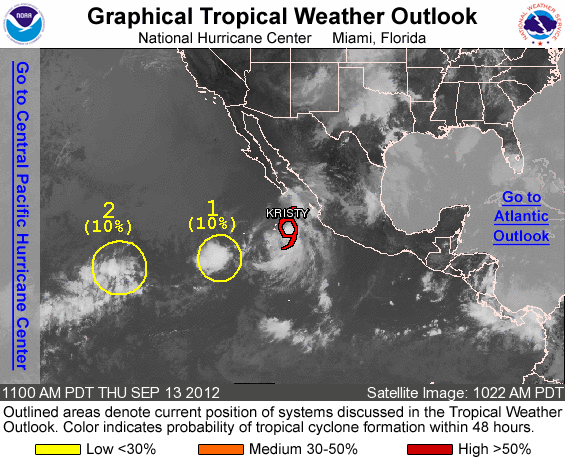
FOR THE EASTERN NORTH PACIFIC...EAST OF 140 DEGREES WEST LONGITUDE..

THE NATIONAL HURRICANE CENTER IS ISSUING ADVISORIES ON TROPICAL STORM KRISTY...LOCATED ABOUT 280 MILES SOUTH OF THE SOUTHERN TIP OF BAJA CALIFORNIA.

1. AN AREA OF LOW PRESSURE CENTERED ABOUT 650 MILES SOUTHWEST OF THE SOUTHERN TIP OF BAJA CALIFORNIA IS PRODUCING DISORGANIZED CLOUDINESS AND THUNDERSTORMS. DEVELOPMENT...IF ANY...WILL BE SLOW TO OCCUR BEFORE THE LOW INTERACTS WITH KRISTY. THIS SYSTEM HAS A LOW CHANCE...10 PERCENT...OF BECOMING A TROPICAL CYCLONE DURING THE NEXT 48 HOURS.

2. ANOTHER AREA OF LOW PRESSURE ACCOMPANIED BY CLOUDINESS AND THUNDERSTORMS IS CENTERED MIDWAY BETWEEN BAJA CALIFORNIA AND THE HAWAIIAN ISLANDS. THIS LOW IS DRIFTING WEST-NORTHWESTWARD AND HAS A LOW CHANCE...10 PERCENT...OF BECOMING A TROPICAL CYCLONE DURING THE NEXT 48 HOURS.

ELSEWHERE...TROPICAL CYCLONE FORMATION IS NOT EXPECTED DURING THE NEXT 48 HOURS.

FORECASTER AVILA